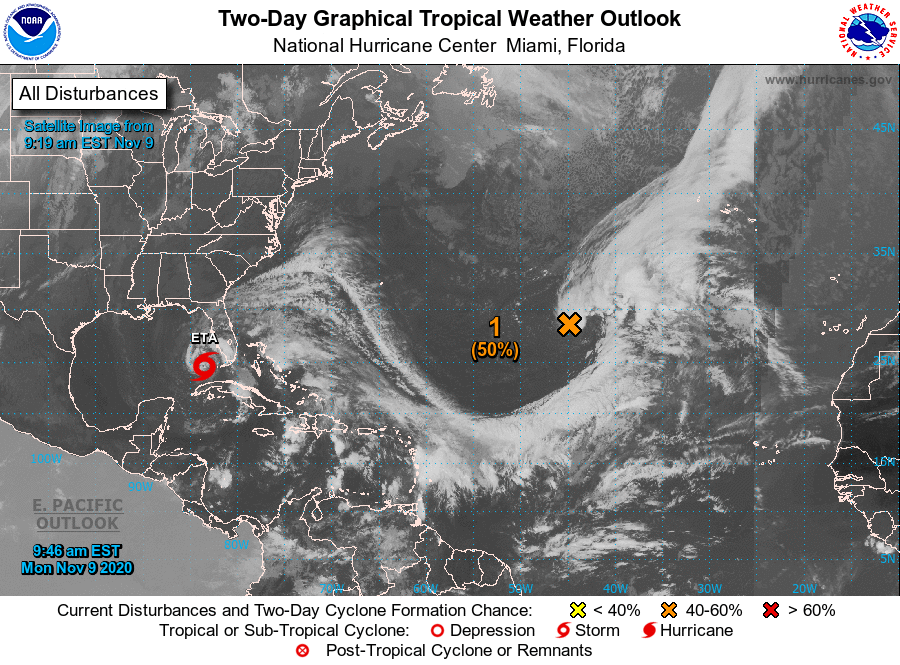
For the North Atlantic...Caribbean Sea and the Gulf of Mexico:

The National Hurricane Center is issuing advisories on Tropical Storm Eta, located off the southwest coast of Florida.

1. Showers and thunderstorms associated with a non-tropical low pressure system located several hundred miles southwest of the Azores continue to get gradually better organized. Further development is expected, and a tropical or subtropical storm will likely form during the next few days while the system moves eastward or east-northeastward over the northeastern Atlantic Ocean.
* Formation chance through 48 hours...medium...50 percent.
* Formation chance through 5 days...high...70 percent.

2. A tropical wave is forecast to move over the central Caribbean Sea, where an area of low pressure could form in a couple of days. Environmental conditions are forecast to be conducive for development, and a tropical depression could form late this week or over the weekend while the system moves slowly westward.
* Formation chance through 48 hours...low...near 0 percent.
* Formation chance through 5 days...medium...50 percent.

Additional information on the central Atlantic low pressure area can be found in High Seas Forecasts issued by the National Weather Service...under AWIPS header NFDHSFAT1 and WMO header FZNT01 KWBC.

Forecaster Zelinsky